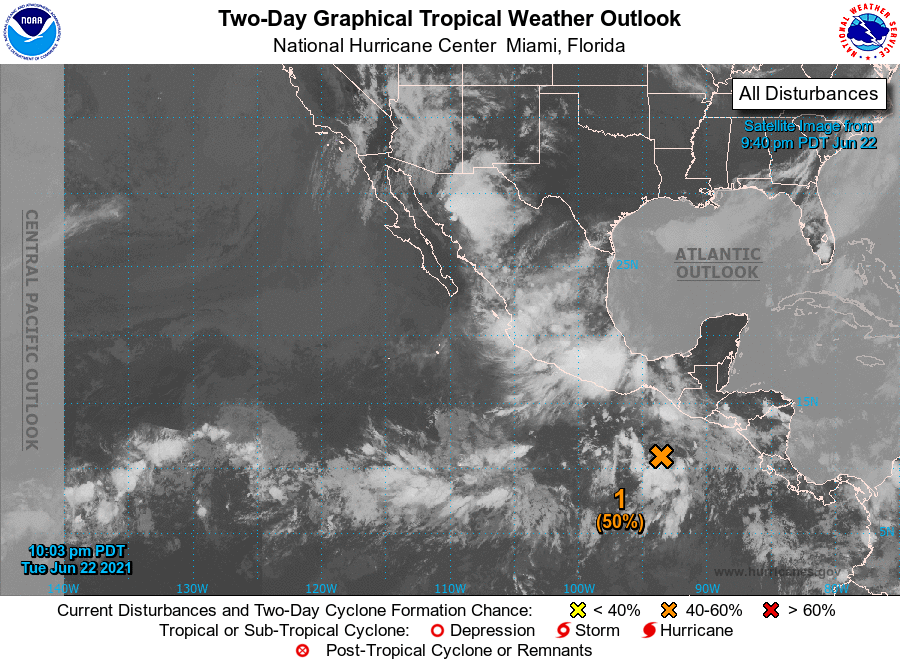
For the eastern North Pacific...east of 140 degrees west longitude:

1. Showers and thunderstorms associated with a tropical wave have been increasing in coverage several hundred miles south of the coasts of Guatemala and southern Mexico, but overall the activity remains disorganized. Environmental conditions appear conducive for development of this system, and a tropical depression is expected to form late this week or this weekend while moving west-northwestward at about 10 mph. This system is expected to be near the coast of southern or southwestern Mexico by this weekend, and interests in those areas should monitor its progress for development and the threat of heavy rainfall.
* Formation chance through 48 hours...medium...50 percent.
* Formation chance through 5 days...high...90 percent.

Forecaster Berg